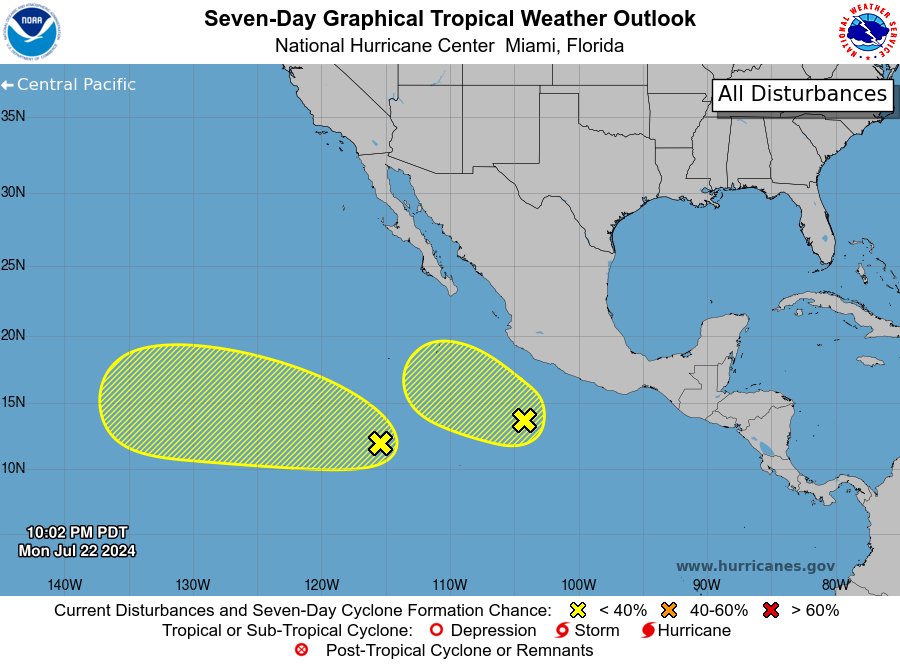
For the eastern North Pacific...east of 140 degrees west longitude:

1. Central and Western East Pacific: A tropical wave located several hundred miles south-southwest of the southern tip of the Baja California Peninsula is producing disorganized shower and thunderstorm activity. Environmental conditions could become a little more conducive for some gradual development of this system over the next several days while it moves westward to west-northwestward at 10 to 15 mph across the central and western portions of the basin.
* Formation chance through 48 hours...low...10 percent.
* Formation chance through 7 days...low...30 percent.

2. Offshore Southwestern Mexico: An area of showers and thunderstorms located a few hundred miles south of Manzanillo, Mexico is associated with a tropical wave. Some development of this system is possible while it moves generally west-northwestward over the next couple of days, remaining offshore of southwestern Mexico.
* Formation chance through 48 hours...low...30 percent.
* Formation chance through 7 days...low...30 percent.

Forecaster Pasch